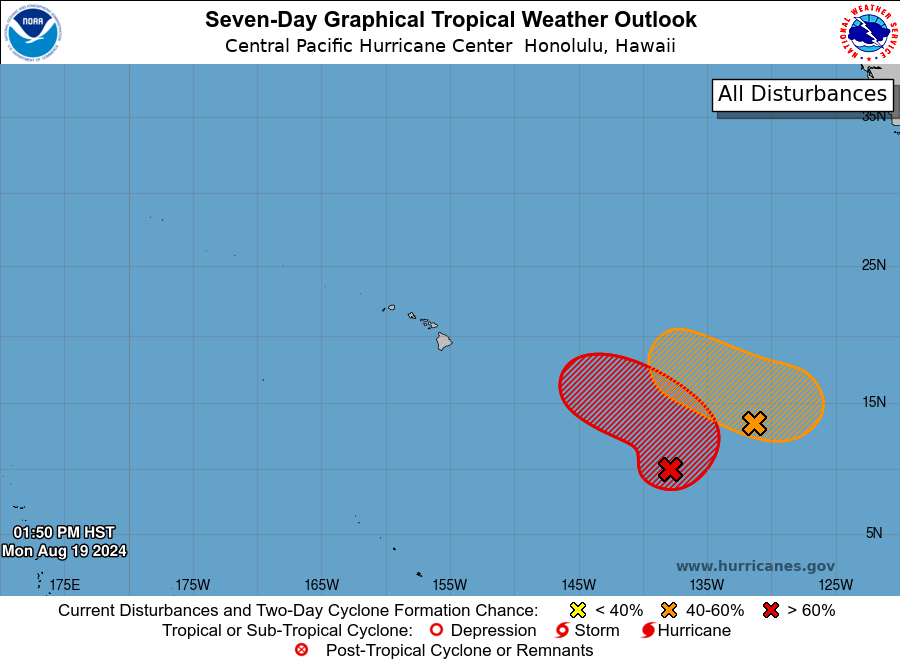
For the central North Pacific...between 140W and 180W:

1. Approximately 1300 miles east-southeast of Hilo, Hawaii (EP90): Shower and thunderstorm activity continues in association with an area of low pressure located well east-southeast of Hawaii. Environmental conditions are expected to be conducive for development and a tropical depression is likely to form during the next couple of days. The disturbance is forecast to meander slowly northward or northeastward during the next couple of days or so, before accelerating west-northwestward into the Central Pacific basin by the latter portion of the week.
* Formation chance through 48 hours...high...70 percent.
* Formation chance through 7 days...high...80 percent.

Elsewhere, no tropical cyclones are expected during the next 7 days.

Forecaster TS